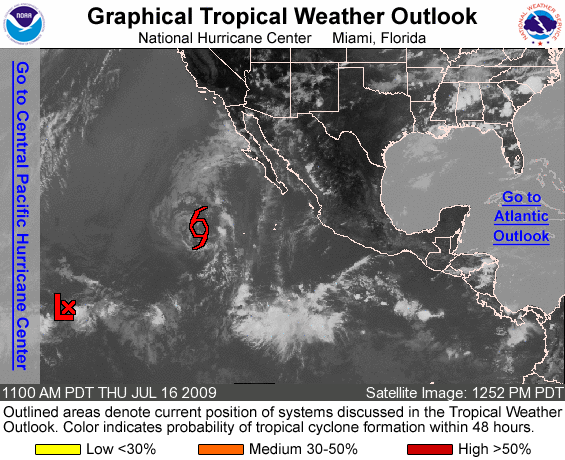
FOR THE EASTERN NORTH PACIFIC...EAST OF 140 DEGREES WEST LONGITUDE..

THE NATIONAL HURRICANE CENTER IS ISSUING ADVISORIES ON TROPICAL DEPRESSION CARLOS...LOCATED ABOUT 1890 MILES WEST-SOUTHWEST OF THE SOUTHERN TIP OF BAJA CALIFORNIA...AND ON TROPICAL STORM DOLORES... LOCATED ABOUT 730 MILES WEST-SOUTHWEST OF THE SOUTHERN TIP OF BAJA CALIFORNIA.

ELSEWHERE...TROPICAL CYCLONE FORMATION IS NOT EXPECTED DURING THE NEXT 48 HOURS.

FORECASTER BRENNAN